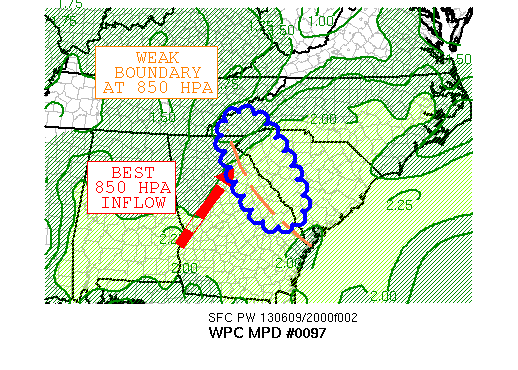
AREAS AFFECTED...GA/SC BORDER INTO WESTERN SC

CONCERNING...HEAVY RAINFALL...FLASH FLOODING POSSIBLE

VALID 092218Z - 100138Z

SUMMARY...FLASH FLOODING IS POSSIBLE NEAR THE GA/SC BORDER AS A
SECOND BAND OF THUNDERSTORMS MOVES ACROSS THE REGION THIS
AFTERNOON, ACROSS AN AREA WHICH SHOULD BE SATURATED FROM EARLIER
RAINS.

AN 850 HPA BOUNDARY/WARM FRONT-LIKE FEATURE NEAR THE GA/SC BORDER
IS MOVING SLOWLY NORTHEASTWARD.  A BAND OF HIGHER PRECIPITABLE
WATER VALUES -- PWS -- ABOVE 2 INCHES INTERSECTS THIS BOUNDARY,
AND INFLOW AT THE 850 HPA LEVEL IS 25-30 KNOTS INTO THE REGION
WHICH COMBINED WITH DAYTIME HEATING HAS SET THE STAGE FOR A SECOND
BAND OF THUNDERSTORMS MOVING INTO THE AREA FROM EASTERN GA.  A
WEAK 250 HPA JETLET IS MOVING INTO THE AREA, HELPING TO AID
DIVERGENCE.  DUE TO THE RECENT HEAVY RAINS, BELIEVE FLASH FLOODING
IS POSSIBLE AS ANOTHER 2-4 INCHES OF RAINFALL IS LOCALLY POSSIBLE
OVER THE NEXT 2-3 HOURS.